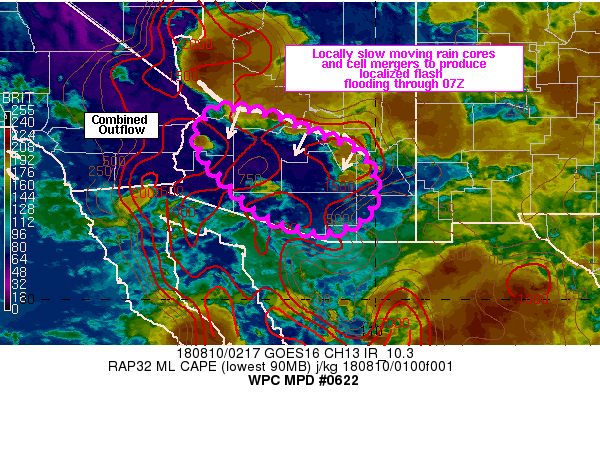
Areas affected...central to southern AZ

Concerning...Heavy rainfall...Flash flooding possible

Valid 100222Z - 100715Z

Summary...Flash flooding will be possible across portions of
central to southeastern AZ into the overnight hours. Rain rates of
1 inch or greater in 60 minutes or less from cell mergers will
likely continue for at least another few hours.

Discussion...Infrared and fading visible imagery from GOES-16
satellite showed scattered thunderstorms dropping south off of the
Mogollon Rim in central AZ at 02Z, with a combined outflow
boundary moving south into the lower elevations of south-central
AZ. Mostly clear skies during the middle and late afternoon over
southeastern AZ had allowed a local maximum in instability to
develop over portions of southeastern AZ with 00Z RAOBs from
Phoenix and Tucson indicating 1000-1500 J/kg MLCAPE and little
CIN. Moisture is greater as one moves from east to west, with
standardized precipitable water anomalies ranging from 1.5 to 2.5
across southern AZ.

0-6 km bulk shear is slightly higher over south-central AZ at
20-30 kt and given cloud bearing layer mean winds are generally
from the northeast at 10 kt or less, storms are expected to
persist with an overall movement into the lingering instability
axis over the next few hours. While cell movement is expected to
continue toward the south and west, local hang ups of heavy
rainfall cores and cell mergers will be sufficient to produce
rainfall rates of 1 inch or greater in 60 minutes or less time.
These rates could cause flash flooding in a few locations, with
lingering instability expected to continue convection for several
more hours.